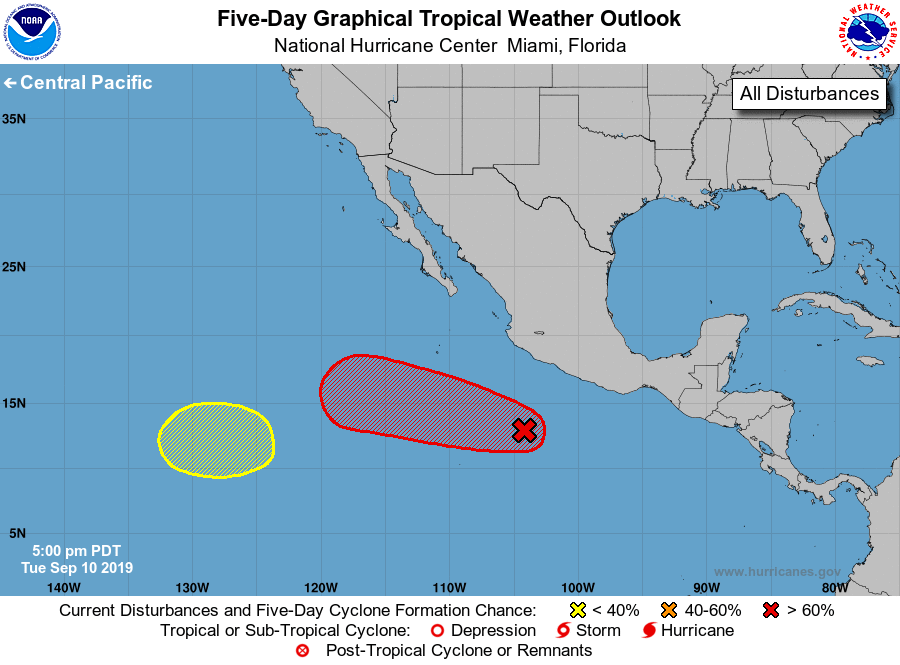
For the eastern North Pacific...east of 140 degrees west longitude:

1. Widespread cloudiness and thunderstorms are beginning to show signs of organization in association with a broad area of low pressure located several hundred miles southwest of Acapulco, Mexico. Environmental conditions are conducive for additional development of this disturbance, and a tropical depression is likely to form within the next couple of days while the low moves westward to west-northwestward at 10 to 15 mph.
* Formation chance through 48 hours...high...80 percent.
* Formation chance through 5 days...high...90 percent.

2. An area of low pressure is expected to form more than 1000 miles to the southwest of the southern tip of the Baja California Peninsula during the next couple of days. Some additional development is possible while the system moves slowly westward through the weekend.
* Formation chance through 48 hours...low...near 0 percent.
* Formation chance through 5 days...low...30 percent.

Forecaster Stewart